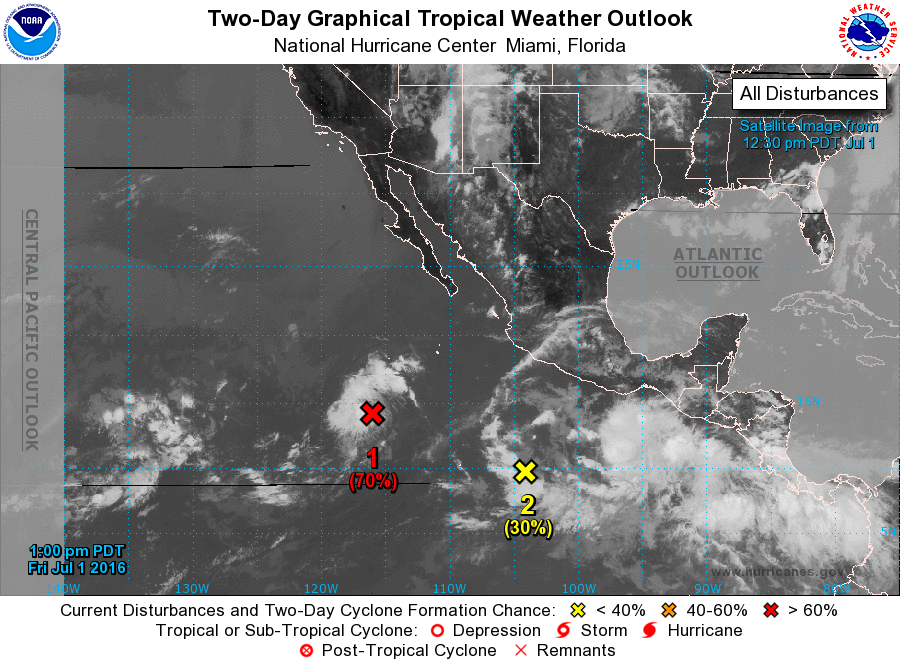
For the eastern North Pacific...east of 140 degrees west longitude:

Special outlook issued to update the discussion of the low pressure system located about 700 miles southwest of the southern tip of the Baja California peninsula.

1. Updated: Satellite wind data indicate that the circulation associated with the area of low pressure located about 700 miles southwest of the southern tip of the Baja California peninsula has become better defined today. The associated shower and thunderstorm activity has also increased in organization during the past few hours. Some additional development of this system is expected during the next day or two, and a tropical depression is likely to form while the low moves generally west-northwestward at 10 to 15 mph. By early next week, environmental conditions are expected to become less conducive for development.
* Formation chance through 48 hours...high...70 percent
* Formation chance through 5 days...high...70 percent

2. A broad area of low pressure continues several hundred miles south- southwest of Acapulco, Mexico. The associated shower and thunderstorm activity is currently disorganized, and only slow development is expected today and Saturday. After that time, environmental conditions are forecast to be conducive for a tropical depression to form while the system moves westward to west- northwestward at 10 to 15 mph, remaining well offshore of the coast of Mexico.
* Formation chance through 48 hours...low...30 percent
* Formation chance through 5 days...high...80 percent

Forecaster Brennan/Berg